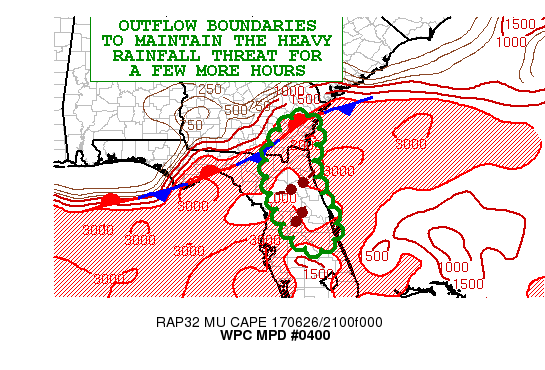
AREAS AFFECTED...SOUTHEAST GA...NORTHEAST FL

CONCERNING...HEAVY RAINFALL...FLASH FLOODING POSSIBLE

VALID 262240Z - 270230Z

SUMMARY...VERY INTENSE RAINFALL RATES FROM SLOW-MOVING
THUNDERSTORMS WILL CONTINUE TO PROMOTE ADDITIONAL RUNOFF PROBLEMS
THIS EVENING.

DISCUSSION...MULTIPLE MESOSCALE BOUNDARIES INTERACTING WITH A
SURFACE FRONT AND LOCALIZED SEA-BREEZE CONVERGENCE WILL CONTINUE
TO FOSTER POCKETS OF INTENSE THUNDERSTORM ACTIVITY OVER THE NEXT
COUPLE HOURS. THE EXPERIMENTAL GOES-16 10.3 MICRON/IR IMAGERY HAS
BEEN SHOWING SOME EXTREMELY COLD CONVECTIVE TOPS INDICATIVE OF
VERY STRONG UPDRAFTS AND ORGANIZED FORCING.

RAINFALL RATES HAVE BEEN LOCALLY EXCEEDING 3 INCHES/HR...AND WITH
THE SLOW-MOVEMENT...SOME STORM TOTALS UP CLOSE TO 5 INCHES WILL BE
EXPECTED THROUGH THE EARLY EVENING HOURS. THIS IS CONSISTENT WITH
THE HRRR GUIDANCE AND IS SUPPORTED BY THE LATEST SATELLITE/RADAR
TRENDS.

EXPECT THESE TOTALS TO ENHANCE CONCERNS FOR ADDITIONAL URBANIZED
RUNOFF PROBLEMS AND FLOODING. CONDITIONS ARE EXPECTED TO IMPROVE
BY MID TO LATE EVENING AS SURFACE INSTABILITY IS EXHAUSTED.